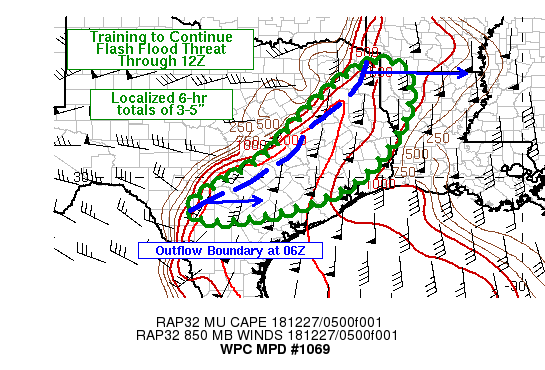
Areas affected...portions of central and eastern TX

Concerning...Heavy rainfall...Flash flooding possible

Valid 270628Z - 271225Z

Summary...The threat for training heavy rain will continue a
threat for flash flooding for parts of central and eastern TX
through 12Z. Rainfall rates peaking in the 2-3 in/hr range may
lead to 3-5 inch totals.

Discussion...06Z surface observations and radar placed a line of
convection, coincident with an outflow boundary from east of OSA
southwestward through LHB and just east of SAT. The northern
portion of the line has been averaging an eastward movement near
35 kt over the past 4 hours while the southern portion of the line
has averaged closer to 15 kt. Observed rainfall rates have been
generally 1-2 in/hr but locally between 2-3 in/hr as seen across
eastern Bell county through 0530Z where training convection ahead
of the main line allowed for increased rainfall to occur.

850 mb winds as sampled by VAD wind plots ranged from near 80 kt
(SHV) to 55 kt (EWX) from the south-southwest, generally in line
with or up to 10 kt weaker than RAP forecasts. Unidirectional flow
between the LFC and EL combined with the strong low level
southerly flow sets up an ideal environment for training if
convective activity is able to organize ahead of the forward
propagating main line long enough to support 2+ in/hr rates.

RAP forecasts have been consistent in the development of a 110+ kt
jet streak at 250 mb crossing the eastern TX/OK border between
09-10Z with would place an enhanced area of upper divergence over
northeastern TX combined with an already diffluent flow pattern
aloft. This region of larger scale lift may help to support more
focused convective activity ahead of the main line and 6-hr storm
totals over 3 inches.

The other area of concern is farther south where forward movement
of the convective line has been and should continue to be slower.
Hi-res guidance has struggled with the southern portion of the
convective line tonight and while low level flow is weaker to the
south and forecast mid-level height falls are near neutral over
the next 6 hours, localized areas of organized training have the
potential to support localized 4+ inch totals through 12Z. In
either location (north or south) the flash flood concern will be
where overlap of heavier totals overlaps with more urbanized
locations given dry antecedent conditions.